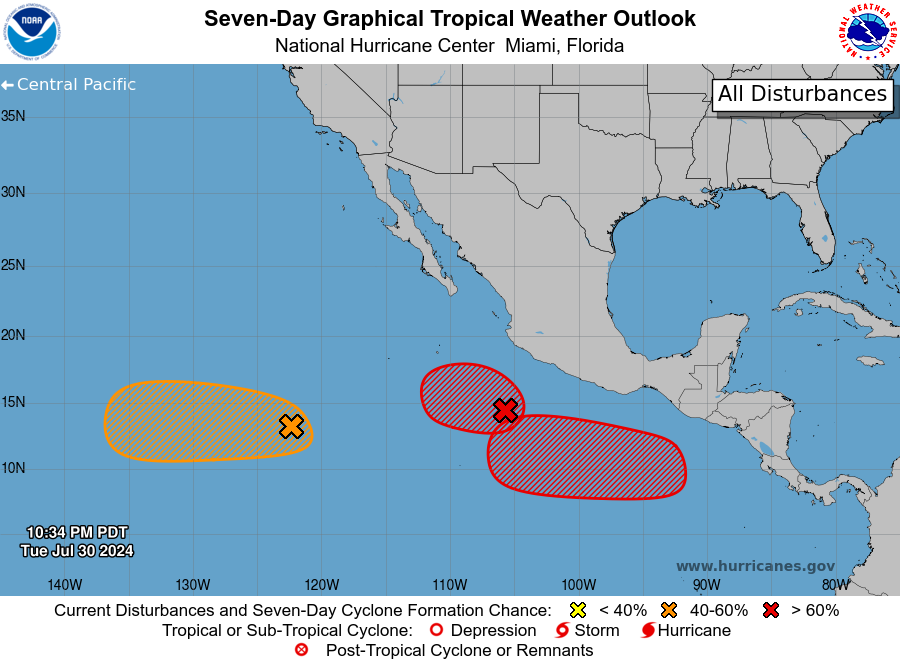
For the eastern North Pacific...east of 140 degrees west longitude:

1. South of Southwestern Mexico (EP94): Shower and thunderstorm activity continues to show signs of organization with an area of low pressure located a few hundred miles south-southwest of Manzanillo, Mexico. Environmental conditions are conducive further development of this system, and a tropical depression is expected to form on Wednesday. The system is forecast to move westward to west-northwestward at 10 to 15 mph during the next several days, remaining offshore of the southern coast of Mexico.
* Formation chance through 48 hours...high...90 percent.
* Formation chance through 7 days...high...90 percent.

2. Western East Pacific (EP95): Shower and thunderstorm activity associated with an area of low pressure located more than one thousand miles to the southwest of the southern tip of the Baja California Peninsula has not become any better organized during the past several hours. Additional development of this system is possible, and a tropical depression could form by the end of this week. This system is forecast to move slowly westward at 5 to 10 mph, remaining over the western portion of the basin.
* Formation chance through 48 hours...low...30 percent.
* Formation chance through 7 days...medium...40 percent.

3. South of Central America and Southern Mexico: An area of low pressure is expected to form offshore of the coast of Central America and southern Mexico later this week. Afterwards, environmental conditions appear conducive for gradual development of this system, and a tropical depression is likely to form by the end of the week or this weekend. The system is forecast to move westward to west-northwestward at 10 to 15 mph during the next several days, remaining offshore.
* Formation chance through 48 hours...low...near 0 percent.
* Formation chance through 7 days...high...80 percent.

Forecaster Hagen/Pasch